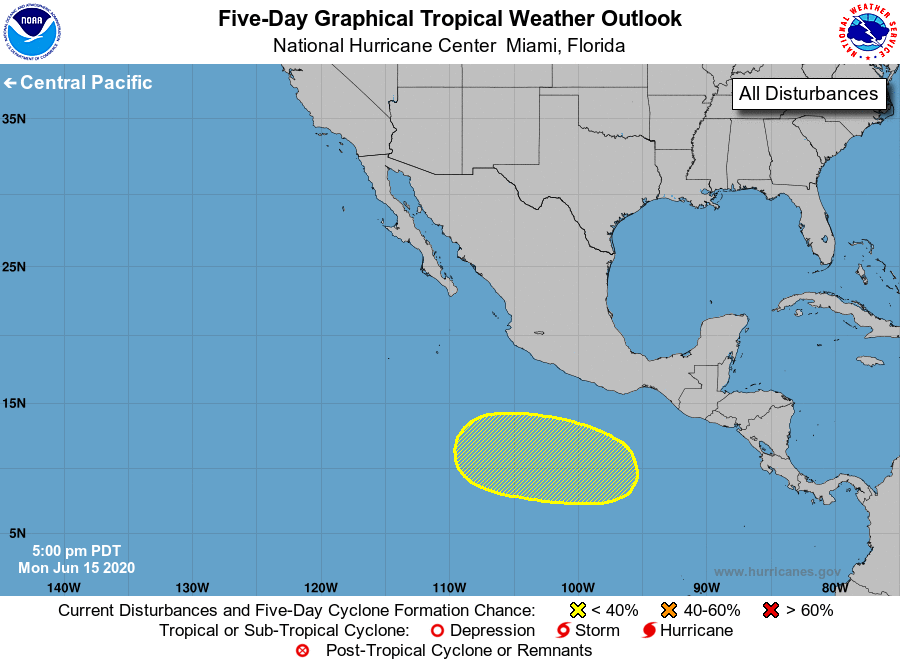
For the eastern North Pacific...east of 140 degrees west longitude:

1. A large area of disturbed weather is expected to form south of the Gulf of Tehuantepec by Friday. Some slow development of this system is possible this weekend while it moves westward, offshore of Mexico.
* Formation chance through 48 hours...low...near 0 percent.
* Formation chance through 5 days...low...20 percent.

Forecaster Blake